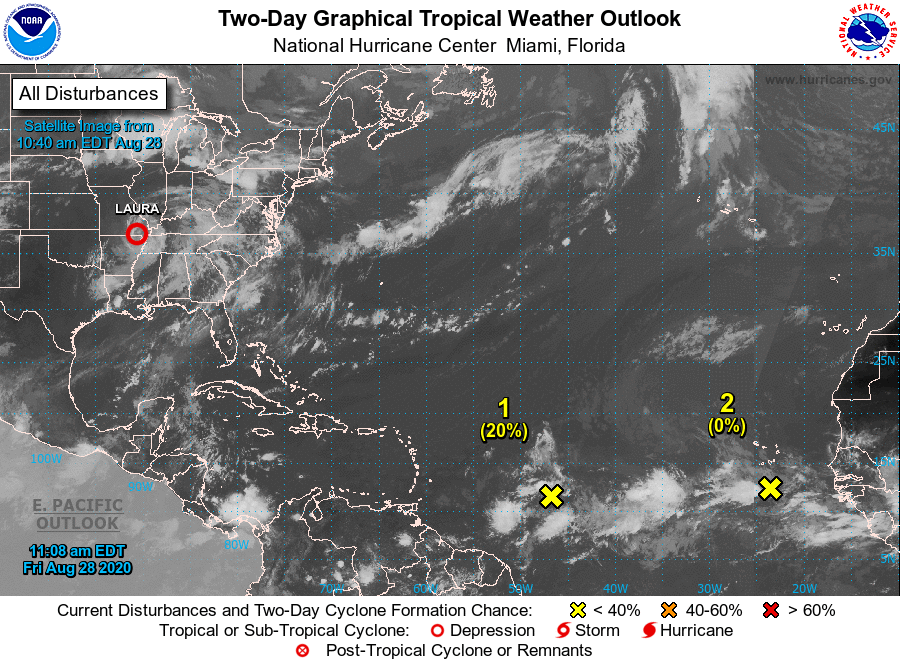
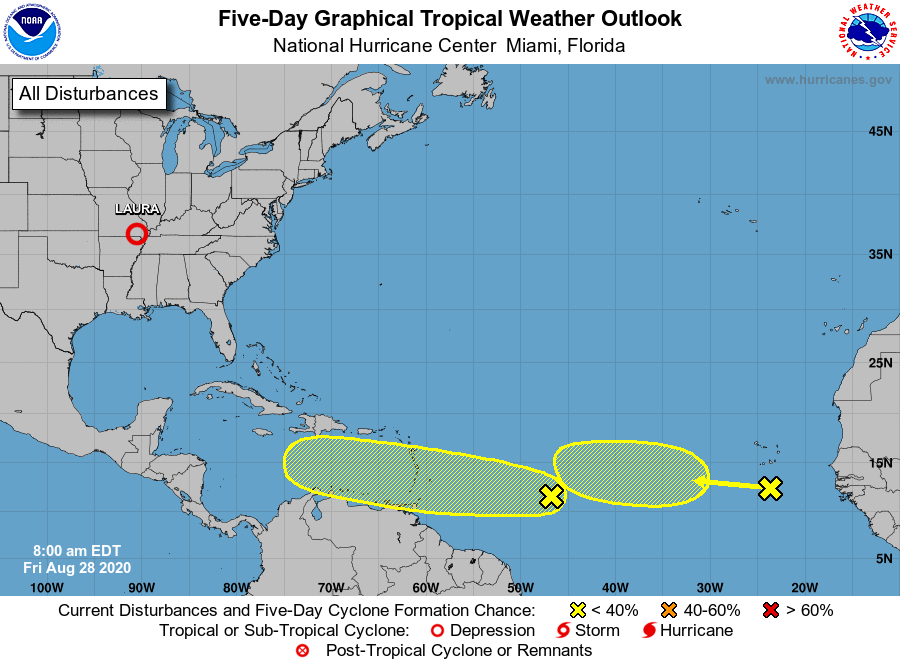
For the North Atlantic...Caribbean Sea and the Gulf of Mexico:

The Weather Prediction Center is issuing advisories on Tropical Depression Laura, located inland over northeastern Arkansas.

1. A tropical wave located about 900 miles east of the Windward Islands is producing an area of showers and thunderstorms. Some gradual development of this system is possible during the next several days while it moves westward at about 15 mph toward the eastern Caribbean islands.
* Formation chance through 48 hours...low...20 percent.
* Formation chance through 5 days...low...30 percent.

2. Another tropical wave is located over the eastern Atlantic Ocean just west of the Cabo Verde Islands. The northern part of this wave, which should move rapidly westward over the central Atlantic during the next few days, is not forecast to develop as it is expected to remain in unfavorable environmental conditions. However, the southern part of the wave is expected to be nearly stationary south of the Cabo Verde Islands for the next several days, and some development of this system is possible early next week when it begins to move slowly westward over the eastern and central tropical Atlantic.
* Formation chance through 48 hours...low...near 0 percent.
* Formation chance through 5 days...low...30 percent.

Public Advisories issued by the Weather Prediction Center on Tropical Depression Laura can be found under AWIPS header TCPAT3, WMO header WTNT33 KWNH, and on the web at https://www.wpc.ncep.noaa.gov and https://www.hurricanes.gov.

Forecaster Beven